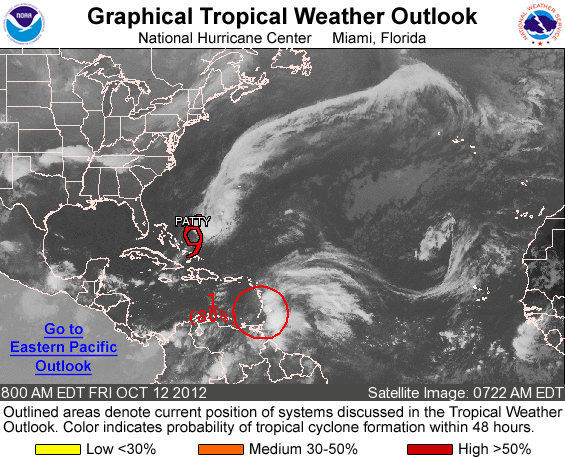
FOR THE NORTH ATLANTIC...CARIBBEAN SEA AND THE GULF OF MEXICO...

THE NATIONAL HURRICANE CENTER IS ISSUING ADVISORIES ON TROPICAL STORM PATTY...LOCATED ABOUT 230 MILES EAST-NORTHEAST OF THE CENTRAL BAHAMAS.

1. A BROAD AREA OF LOW PRESSURE CENTERED OVER THE EASTERN CARIBBEAN SEA ABOUT 60 MILES NORTHWEST OF SAINT LUCIA CONTINUES TO PRODUCE SHOWERS AND THUNDERSTORMS NEAR AND TO THE EAST OF THE LESSER ANTILLES. ALTHOUGH THIS SYSTEM IS LIKELY PRODUCING WINDS TO TROPICAL STORM FORCE IN RAIN BANDS...SATELLITE AND SURFACE DATA SUGGEST THAT THE LOW STILL LACKS A CLOSED CIRCULATION. UPPER-LEVEL WINDS ARE EXPECTED TO BECOME MORE CONDUCIVE FOR DEVELOPMENT...AND A TROPICAL DEPRESSION OR TROPICAL STORM IS LIKELY TO FORM DURING THE NEXT DAY OR SO AND A TROPICAL STORM WARNING COULD BE REQUIRED FOR PORTIONS OF THE LEEWARD ISLANDS. THIS SYSTEM HAS A HIGH CHANCE...80 PERCENT...OF BECOMING A TROPICAL CYCLONE DURING THE NEXT 48 HOURS AS IT MOVES NORTHWESTWARD OR NORTH-NORTHWESTWARD AT 10 TO 15 MPH. STRONG GUSTY WINDS AND LOCALLY HEAVY RAINFALL ARE POSSIBLE ACROSS PORTIONS OF THE LESSER ANTILLES DURING THE NEXT COUPLE OF DAYS. AN AIR FORCE RESERVE HURRICANE HUNTER AIRCRAFT IS SCHEDULED TO INVESTIGATE THIS SYSTEM THIS AFTERNOON.

ELSEWHERE...TROPICAL CYCLONE FORMATION IS NOT EXPECTED DURING THE NEXT 48 HOURS.

&&
PUBLIC ADVISORIES ON TROPICAL STORM PATTY ARE ISSUED UNDER WMO HEADER WTNT31 KNHC AND UNDER AWIPS HEADER MIATCPAT1. FORECAST/ADVISORIES ON PATTY ARE ISSUED UNDER WMO HEADER WTNT21 KNHC AND UNDER AWIPS HEADER MIATCMAT1.

FORECASTER BLAKE